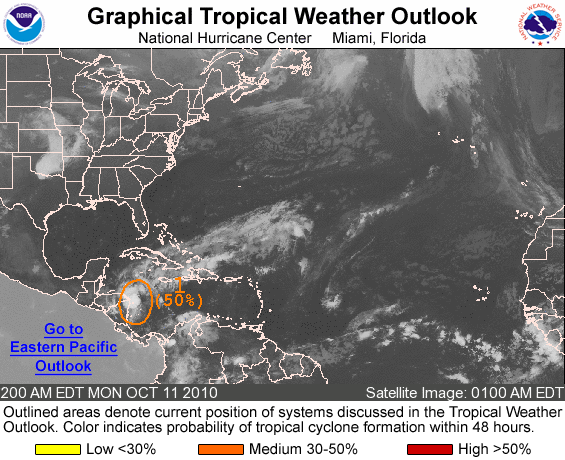
FOR THE NORTH ATLANTIC...CARIBBEAN SEA AND THE GULF OF MEXICO...

1. AN ELONGATED AREA OF LOW PRESSURE LOCATED ABOUT 140 MILES EAST OF THE COAST OF NICARAGUA CONTINUES TO PRODUCE DISORGANIZED SHOWERS AND THUNDERSTORMS. CONDITIONS APPEAR SOMEWHAT CONDUCIVE FOR DEVELOPMENT DURING THE NEXT DAY OR TWO AS THIS SYSTEMS MOVES WEST-NORTHWESTWARD TO NORTHWESTWARD AT 5 TO 10 MPH. THERE IS A MEDIUM CHANCE...50 PERCENT...OF THIS SYSTEM BECOMING A TROPICAL CYCLONE DURING THE NEXT 48 HOURS. REGARDLESS OF DEVELOPMENT... HEAVY RAINFALL IS POSSIBLE OVER PORTIONS OF NICARAGUA AND HONDURAS DURING THE NEXT COUPLE OF DAYS.

ELSEWHERE...TROPICAL CYCLONE FORMATION IS NOT EXPECTED DURING THE NEXT 48 HOURS.

FORECASTER BROWN